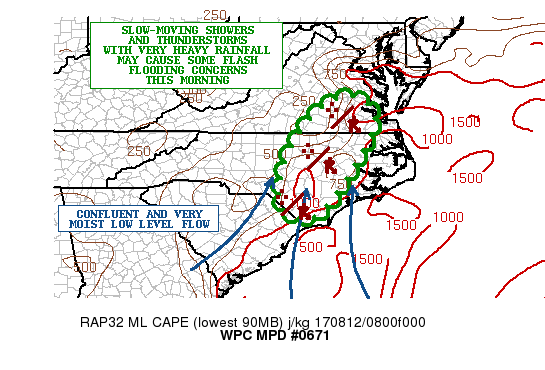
AREAS AFFECTED...CENTRAL/EASTERN NC...SOUTH-CENTRAL/SOUTHEAST VA

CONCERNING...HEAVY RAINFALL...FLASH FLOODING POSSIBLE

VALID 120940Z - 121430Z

SUMMARY...SLOW-MOVING AND LOCALLY TRAINING BANDS OF HEAVY SHOWERS
AND THUNDERSTORMS WILL BE LIKELY OVER THE NEXT SEVERAL HOURS. SOME
FLASH FLOODING IS POSSIBLE.

DISCUSSION...THE LATEST RADAR IMAGERY HAS BEEN SHOWING SOME
GRADUAL INCREASE IN COVERAGE OF HEAVY SHOWERS AND THUNDERSTORMS
OVER PORTIONS OF CENTRAL NC NEAR THE RALEIGH AREA...AND EXTENDING
NORTH UP INTO PARTS OF SOUTHERN VA. NON-OPERATIONAL GOES-16 10.3
MICRON/IR IMAGERY HAS BEEN SHOWING SOME ADDITIONAL COOLING OF THE
CONVECTIVE TOPS OVER THE LAST 30 MINUTES AND SUGGESTIVE OF
STRONGER FORCING OVER THE REGION.

THE CONVECTION IS GENERALLY DEVELOPING WITHIN A VERY MOIST AND
MODESTLY UNSTABLE ENVIRONMENT...AND WITH CONFLUENT LOW LEVEL FLOW
ASSOCIATED WITH A BROAD TROUGH OF LOW PRESSURE OVER THE SOUTHERN
MID-ATLANTIC REGION. MEANWHILE...THE UPPER LEVEL FLOW IS ALSO
BROADLY DIFFLUENT WHICH HAS HELPED FACILITATE SOME DEEPER LAYER
ASCENT.

SEVERAL RUNS OF THE HRRR AND ESPECIALLY THE HRRRX GUIDANCE HAVE
BEEN DEPICTING SOME LOCALLY VERY HEAVY RAINFALL TOTALS EARLY THIS
MORNING ACROSS PARTS OF MAINLY NORTHERN NC AND INTO AREAS OF
SOUTHERN AND SOUTHEAST VA. THE HRRRX GUIDANCE IS PROBABLY
OVERDONE...BUT WITH PWATS NEAR 2.25 INCHES...AND THE COOLING
CONVECTIVE TOPS...THE RAINFALL RATES ARE LIKELY TO BE QUITE
INTENSE AND MAY REACH 2.5 INCHES/HR.

BROADLY CYCLONIC FLOW AND SOMEWHAT MORE FOCUSED MOISTURE TRANSPORT
FROM THE SOUTH IS EXPECTED THROUGH MID MORNING...AND GIVEN THE
PROXIMITY OF AN INSTABILITY GRADIENT ALONG WITH AN APPROACHING
UPPER TROUGH OVER THE OH VALLEY...THE THREAT OF MULTIPLE
SLOW-MOVING CLUSTERS OF CONVECTION WILL CONTINUE. SOME EPISODIC
TRAINING OF CELLS WILL BE POSSIBLE AS WELL WHICH COULD ENHANCE
RAINFALL AMOUNTS.

EXPECT THROUGH MID TO LATE MORNING AS MUCH AS 2 TO 4 INCHES OF
RAIN...WITH SOME ISOLATED AMOUNTS TO NEAR 5 INCHES WHERE TRAINING
OF CELLS OCCUR. SOME FLASH FLOODING IS POSSIBLE AND ESPECIALLY IN
THE VICINITY OF ANY URBANIZED AREAS.